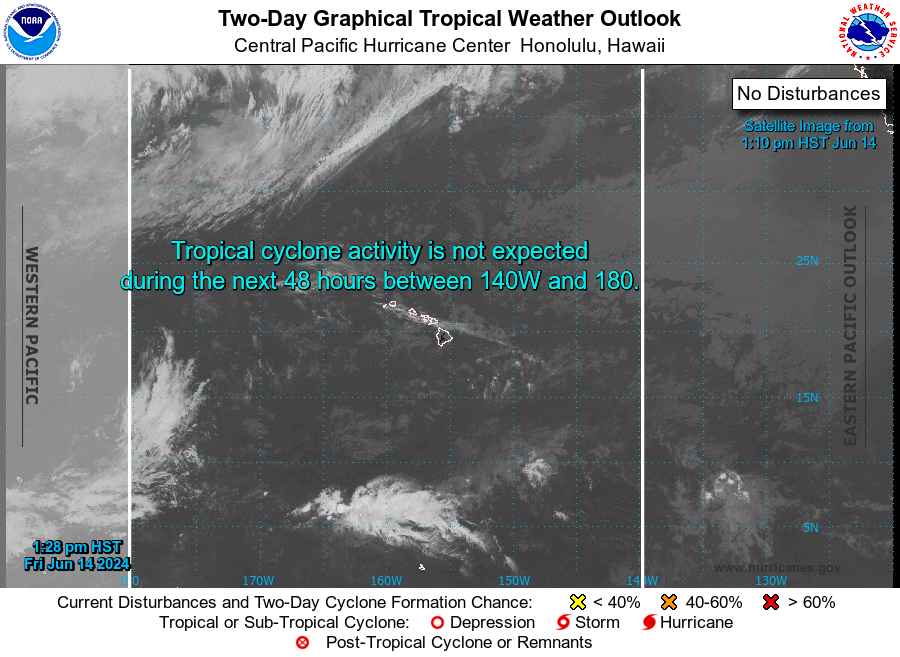
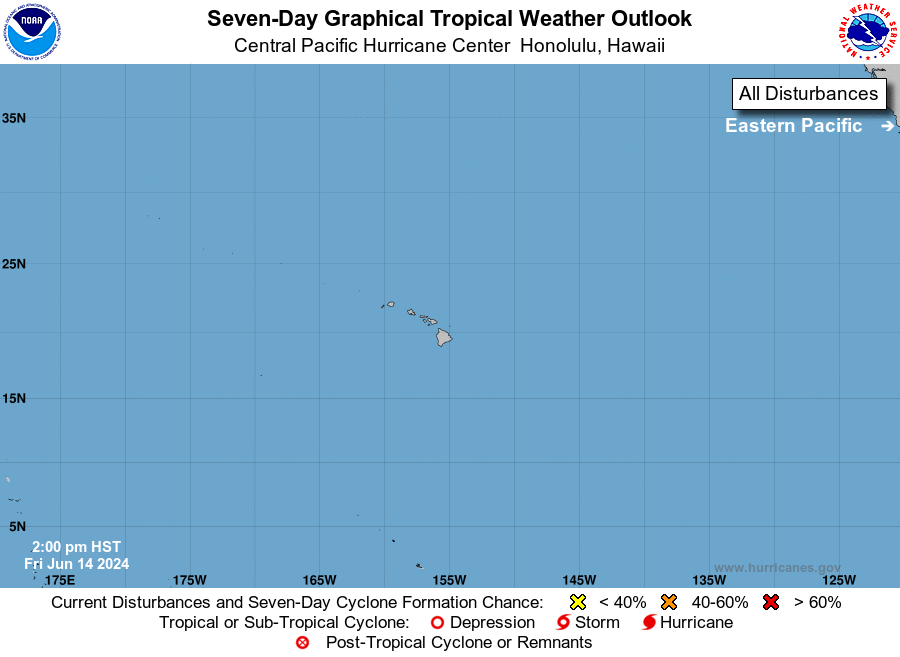
For the central North Pacific...between 140W and 180W:

No tropical cyclones are expected during the next 7 days.

Forecaster Powell